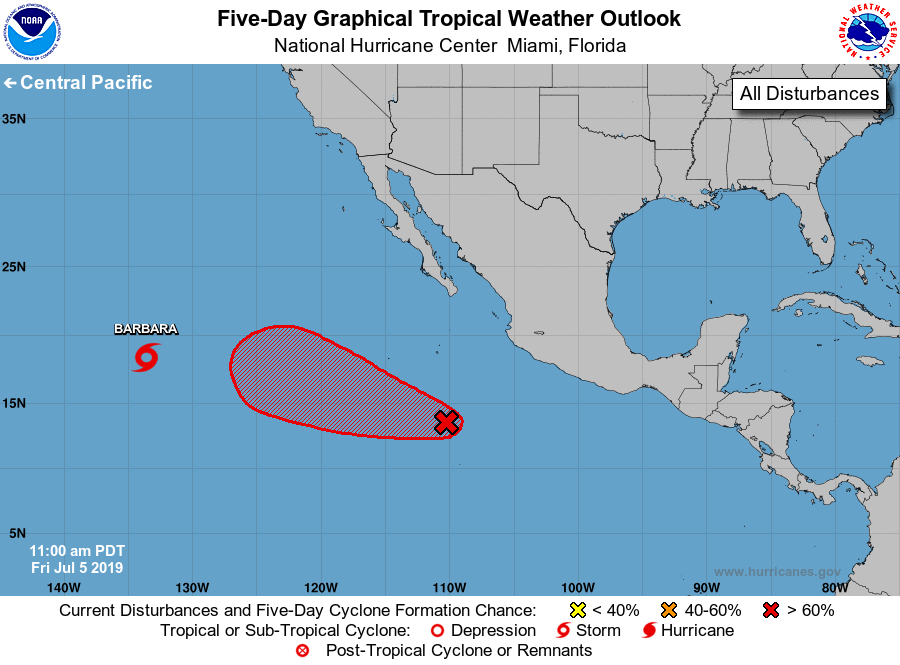
For the eastern North Pacific...east of 140 degrees west longitude:

The National Hurricane Center is issuing advisories on Tropical Storm Barbara, located nearly 1550 miles west of the southern tip of the Baja California Peninsula.

1. Satellite images indicate that the broad area of low pressure located several hundred miles south of the southwestern coast of Mexico is gradually acquiring a surface circulation, but still lacks a well-defined center. Environmental conditions are becoming a little more conducive for development, and a tropical depression is expected to form this weekend as the system moves west-northwestward at about 15 mph, remaining well off the coast of Mexico.
* Formation chance through 48 hours...high...70 percent.
* Formation chance through 5 days...high...90 percent.

Forecaster Avila